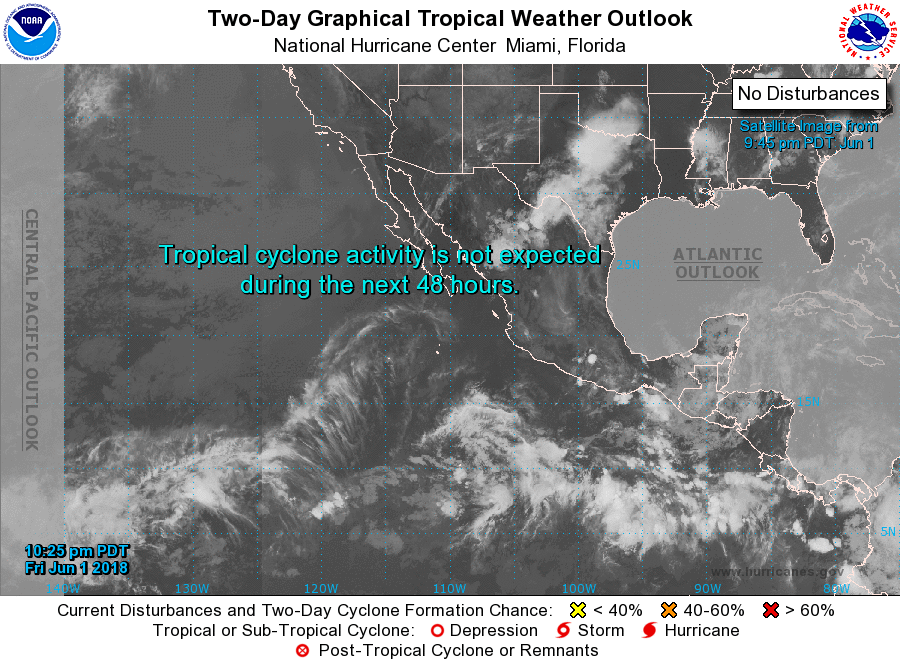
For the eastern North Pacific...east of 140 degrees west longitude:

1. A broad area of low pressure is expected to develop by early next week a few hundred miles south of the southern coast of Mexico. Environmental conditions favor gradual development of this system, and a tropical depression could form by Tuesday or Wednesday while it moves slowly west-northwestward.
* Formation chance through 48 hours...low...near 0 percent.
* Formation chance through 5 days...medium...60 percent.

Forecaster Blake